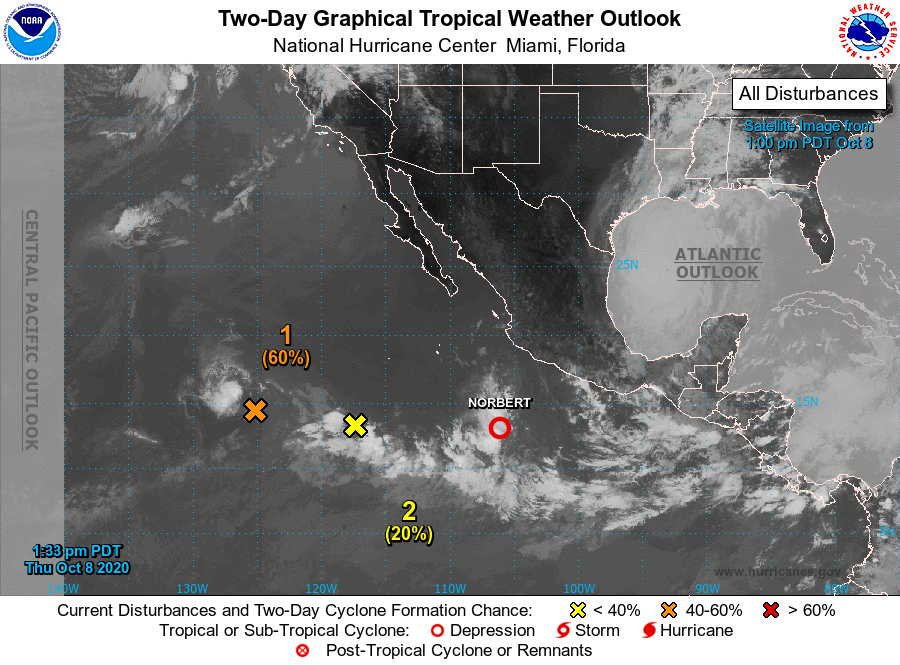
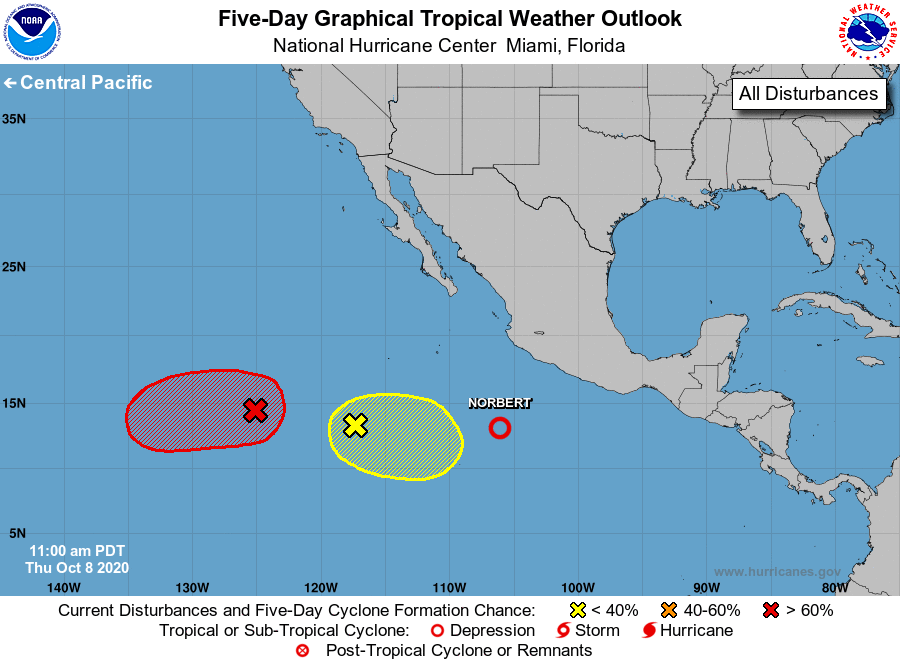
For the eastern North Pacific...east of 140 degrees west longitude:

The National Hurricane Center is issuing advisories on Tropical Depression Norbert, located several hundred miles south-southwest of Manzanillo, Mexico.

1. Showers and thunderstorms associated with a broad area of low pressure located more than 1000 miles southwest of the southern tip of the Baja California peninsula have changed little in organization today. However, environmental conditions appear conducive for further development, and a tropical depression is likely to form during the next few days while the low drifts northwestward through this evening, and then turns westward by Friday.
* Formation chance through 48 hours...medium...60 percent.
* Formation chance through 5 days...high...70 percent.

2. Another area of low pressure centered about 700 miles southwest of the southern tip of the Baja California peninsula is producing disorganized showers and thunderstorms. Development, if any, will be slow to occur over the next couple of days. By late this weekend, conditions are expected to become unfavorable for development.
* Formation chance through 48 hours...low...20 percent.
* Formation chance through 5 days...low...20 percent.

Forecaster Latto